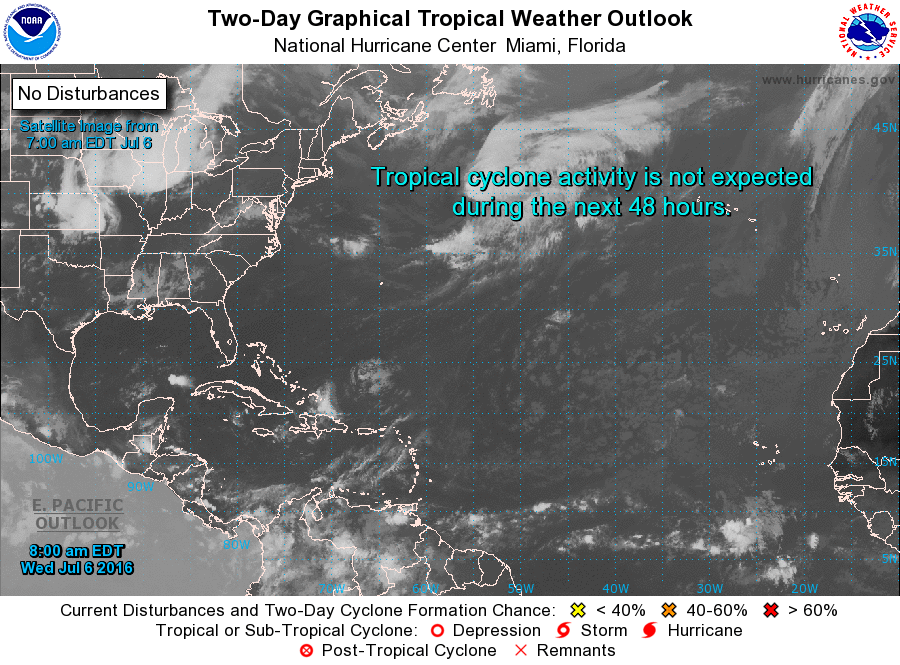
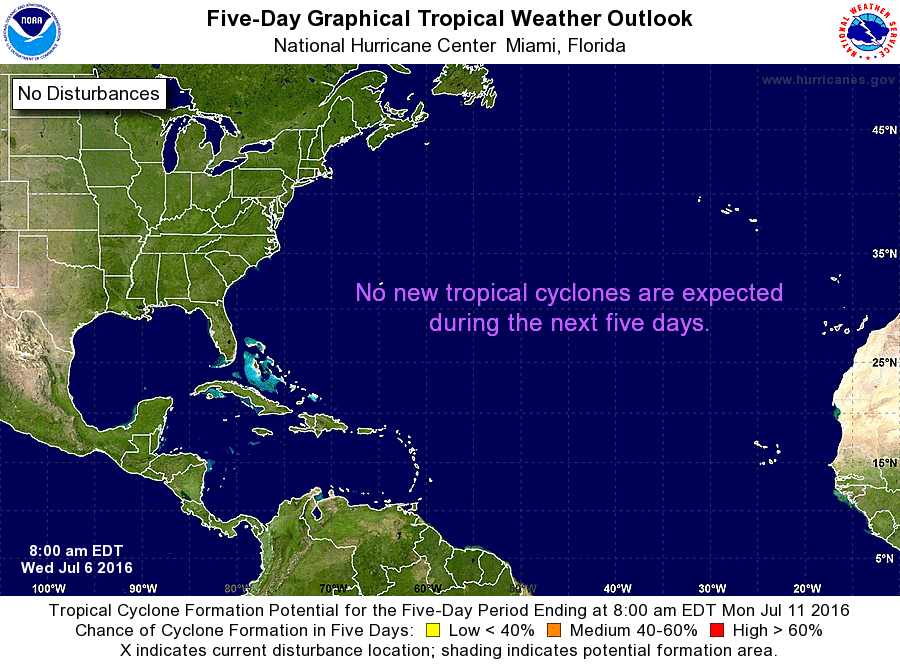
For the North Atlantic...Caribbean Sea and the Gulf of Mexico:

Tropical cyclone formation is not expected during the next 5 days.

Forecaster Pasch